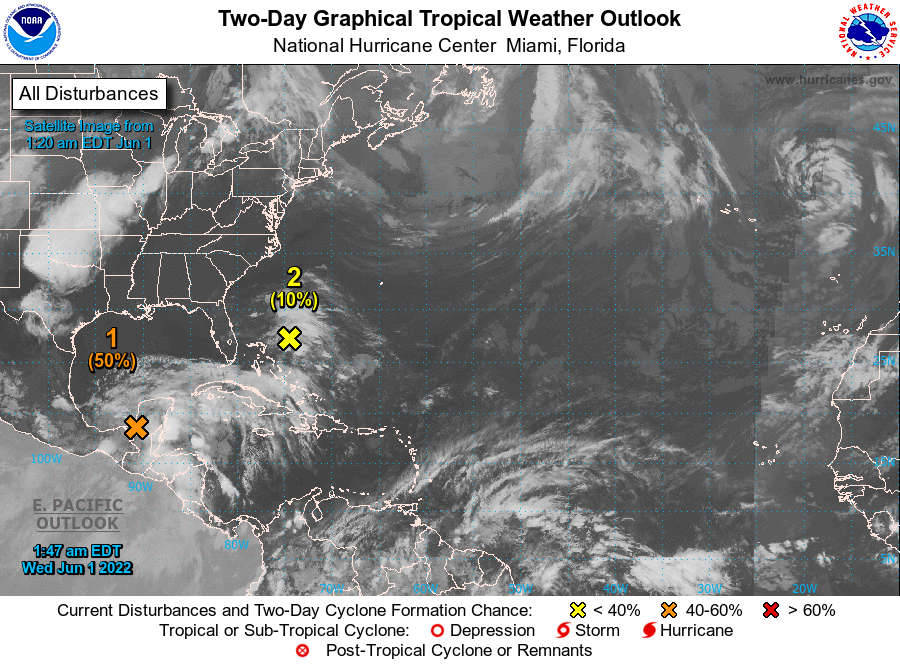
For the North Atlantic...Caribbean Sea and the Gulf of Mexico:

1. Near the Yucatan Peninsula and Southeastern Gulf of Mexico: A large area of disturbed weather located near the Yucatan Peninsula is interacting with an upper-level trough over the Gulf of Mexico and producing a broad region of disorganized showers and thunderstorms. Environmental conditions appear marginally conducive for gradual development, and this system is likely to become a tropical depression by the weekend as it moves northeastward into the northwestern Caribbean Sea, southeastern Gulf of Mexico, and crosses the Florida Peninsula. Regardless of development, locally heavy rainfall is likely across portions of southeastern Mexico, the Yucatan Peninsula, Guatemala, and Belize during the next couple of days, spreading across western Cuba, southern Florida, and the Florida Keys on Friday and Saturday. Interests in the Yucatan Peninsula, western Cuba, the Florida Keys, and the Florida Peninsula should monitor the progress of this system.
* Formation chance through 48 hours...medium...50 percent.
* Formation chance through 5 days...high...70 percent.

2. Southwestern Atlantic northeast of the Bahamas: A weak surface trough located around 200 miles northeast of the central Bahamas is producing disorganized shower activity as it interacts with an upper-level trough. Surface pressures are currently high across the area, and significant development of this system appears unlikely as it moves generally east-northeastward over the next several days away from the southeastern United States.
* Formation chance through 48 hours...low...10 percent.
* Formation chance through 5 days...low...10 percent.

Today marks the first day of the Atlantic hurricane season, which will run until November 30. Long-term averages for the number of named storms, hurricanes, and major hurricanes are 14, 7, and 3, respectively.

The list of names for 2022 is as follows:

Name Pronunciation Name Pronunciation ------------------------------------------------------------- Alex AL-leks Lisa LEE-suh Bonnie BAH-nee Martin MAR-tin Colin KAH-lihn Nicole nih-KOHL Danielle dan-YELL Owen OH-uhn Earl URR-ull Paula PAHL-luh Fiona fee-OH-nuh Richard RIH-churd Gaston ga-STAWN Shary SHAHR-ee Hermine her-MEEN Tobias toh-BEE-uss Ian EE-an Virginie vir-JIN-ee Julia JOO-lee-uh Walter WALL-tur Karl KAR-ull

This product, the Tropical Weather Outlook, briefly describes significant areas of disturbed weather and their potential for tropical cyclone formation during the next five days. The issuance times of this product are 2 AM, 8 AM, 2 PM, and 8 PM EDT. After the change to standard time in November, the issuance times are 1 AM, 7 AM, 1 PM, and 7 PM EST.

A Special Tropical Weather Outlook will be issued to provide updates, as necessary, in between the regularly scheduled issuances of the Tropical Weather Outlook. Special Tropical Weather Outlooks will be issued under the same WMO and AWIPS headers as the regular Tropical Weather Outlooks.

A standard package of products, consisting of the tropical cyclone public advisory, the forecast/advisory, the cyclone discussion, and a wind speed probability product, is issued every six hours for all ongoing tropical cyclones. In addition, a special advisory package may be issued at any time to advise of significant unexpected changes or to modify watches or warnings.

The Tropical Cyclone Update is a brief statement to inform of significant changes in a tropical cyclone or to post or cancel watches or warnings. It is used in lieu of or to precede the issuance of a special advisory package. Tropical Cyclone Updates, which can be issued at any time, can be found under WMO header WTNT61-65 KNHC, and under AWIPS header MIATCUAT1-5.

All National Hurricane Center text and graphical products are available on the web at https://www.hurricanes.gov. More information on NHC text products can be found at https://www.hurricanes.gov/aboutnhcprod.shtml, while more information about NHC graphical products can be found at https://www.hurricanes.gov/aboutnhcgraphics.shtml.

You can also interact with NHC on Facebook at https://www.facebook.com/NWSNHC. Notifications are available via Twitter when select National Hurricane Center products are issued. Information about our Atlantic Twitter feed (@NHC_Atlantic) is available at https://www.hurricanes.gov/twitter.php.

Forecaster Papin